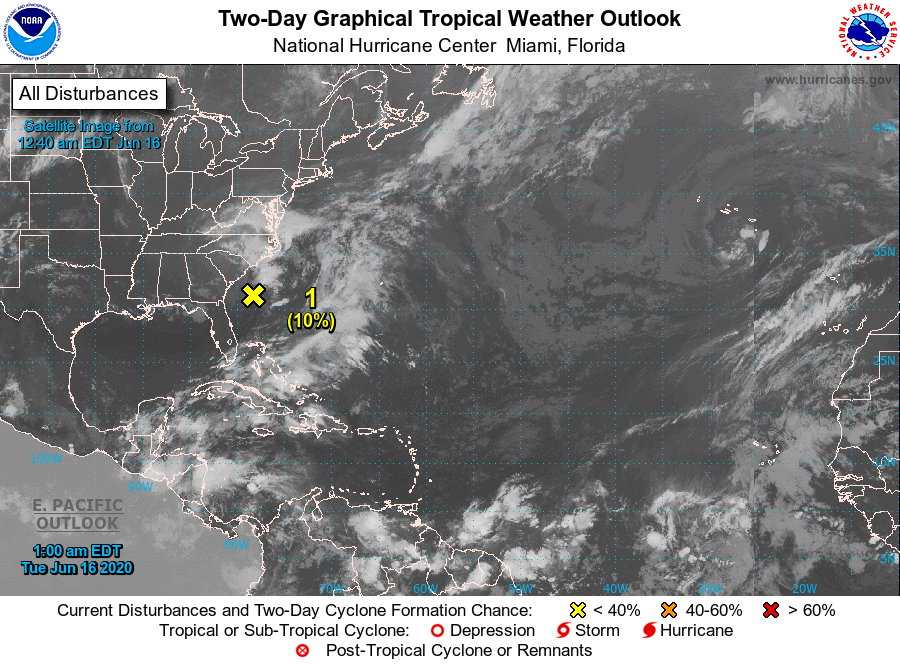
For the North Atlantic...Caribbean Sea and the Gulf of Mexico:

1. A non-tropical low pressure area located about 200 miles east of the Georgia coast is producing disorganized showers and thunderstorms over the Atlantic waters. The low is forecast to move northward today, and environmental conditions are expected to remain unfavorable for significant development through tonight when the low should move inland over eastern North Carolina. Regardless of development, heavy rainfall could occur over portions of northeastern South Carolina and southeastern North Carolina through Wednesday. For additional information, see products from your local National Weather Service office.
* Formation chance through 48 hours...low...10 percent.
* Formation chance through 5 days...low...10 percent.

Forecaster Blake